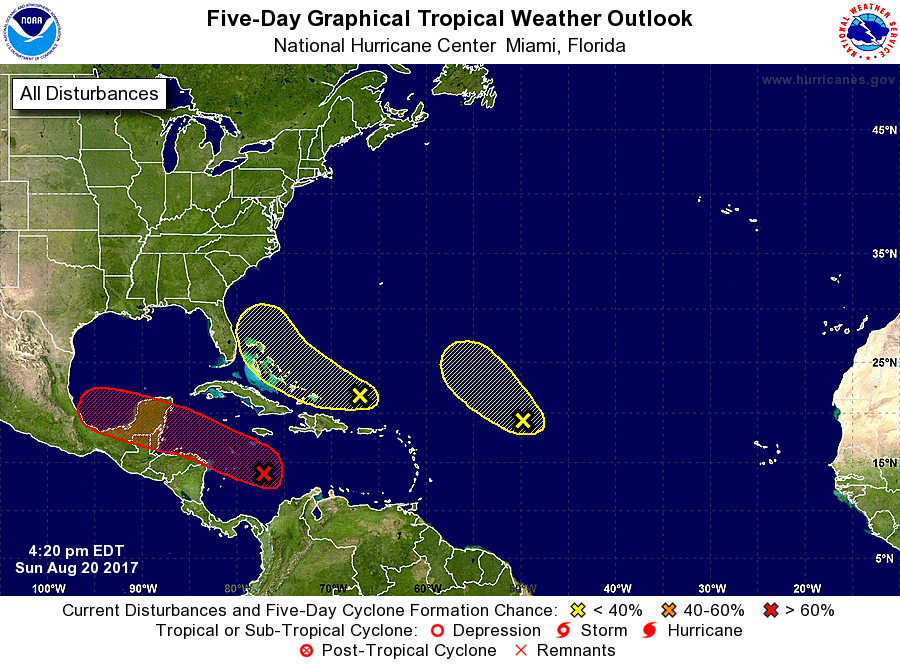
For the North Atlantic...Caribbean Sea and the Gulf of Mexico:

Special Tropical Weather Outlook issued to update discussion on the remnants of Harvey.

1. Updated: An Air Force Reserve Unit Hurricane Hunter aircraft investigating the remnants of Harvey found that the system still lacks a well-defined center of circulation, and so far there is no indication of winds to tropical storm force. Satellite images indicate that the associated showers and thunderstorms have changed little in organization since earlier today. Gradual development of this system is possible, and it could become a tropical cyclone once again while it moves west-northwestward across the northwestern Caribbean Sea, near the northern coast of Honduras, during the next day or two. The system is expected to reach Belize or the Yucatan Peninsula on Tuesday, and then move into the Bay of Campeche by the middle of the week, where redevelopment appears more likely. Interests in northern Nicaragua, Honduras, Belize, and the Yucatan Peninsula should monitor the progress of this system.
* Formation chance through 48 hours...medium...50 percent.
* Formation chance through 5 days...high...70 percent.

2. Satellite data indicate that a trough of low pressure located a couple of hundred miles north of the Dominican Republic is producing disorganized showers and thunderstorms, with some strong winds on its northeast side. Environmental conditions are expected to be unfavorable for development of this system during the next day or two, but they could become slightly more conducive for development by midweek when the system is near the northwestern Bahamas or Florida. This system is expected to move west-northwestward at 15 to 20 mph during the next few days.
* Formation chance through 48 hours...low...10 percent.
* Formation chance through 5 days...low...30 percent.

3. A large area of cloudiness and disorganized thunderstorms located about 900 miles east of the northern Leeward Islands is associated with a trough of low pressure. This system is currently embedded in a dry air mass, and upper-level winds are expected to become too strong to support development in a day or so. Therefore, tropical cyclone formation is not likely while this system moves northwestward at about 15 mph.
* Formation chance through 48 hours...low...10 percent.
* Formation chance through 5 days...low...10 percent.

Forecaster Pasch/Berg